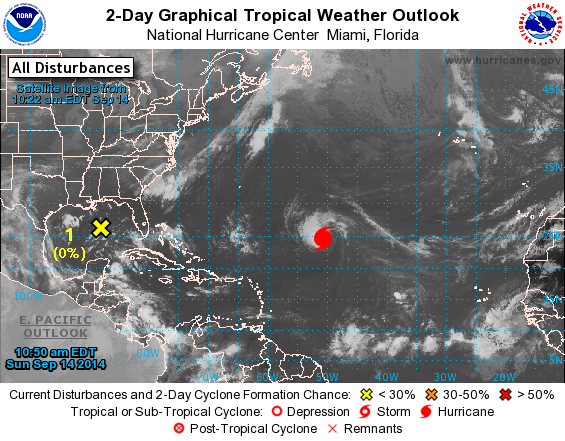
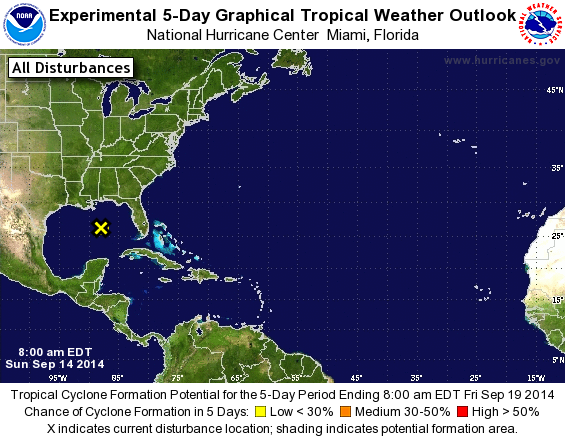
For the North Atlantic...Caribbean Sea and the Gulf of Mexico:

The National Hurricane Center is issuing advisories on Tropical Storm Edouard, located about a thousand miles east-northeast of the northern Leeward Islands.

1. A broad low pressure system located over the central Gulf of Mexico is producing disorganized showers activity. Upper-level winds are not conducive for development at this time, and the low could degenerate into a trough of low pressure while it moves westward across the Gulf of Mexico during the next couple of days.
* Formation chance through 48 hours...low...near 0 percent.
* Formation chance through 5 days...low...near 0 percent.

Forecaster Stewart